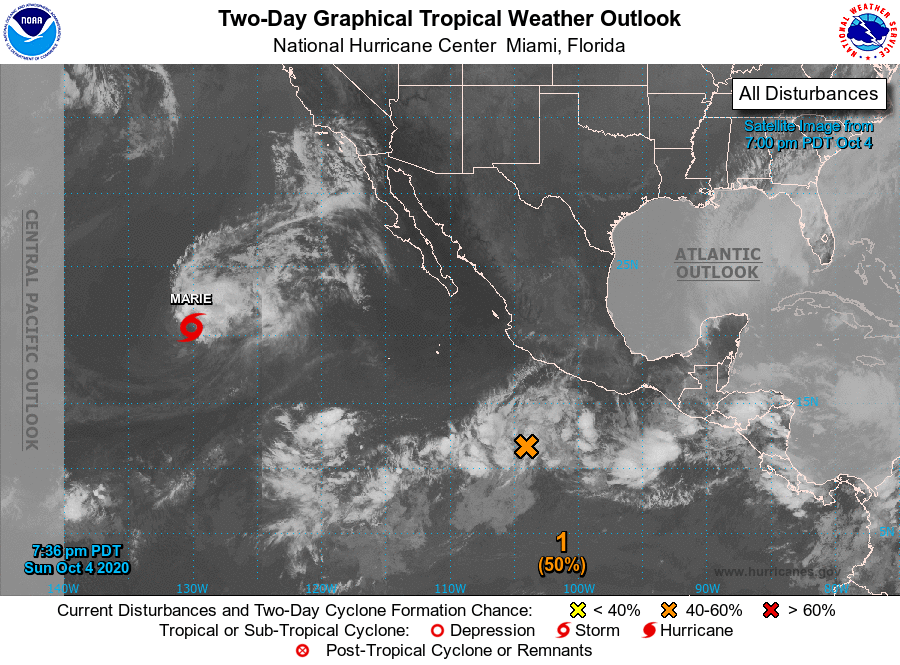
For the eastern North Pacific...east of 140 degrees west longitude:

The National Hurricane Center is issuing advisories on Hurricane Marie, located over the western part of the basin.

1. Showers and thunderstorms are showing some signs of organization in association with an area of low pressure located several hundred miles south of the southwestern coast of Mexico. Environmental conditions appear conducive for some additional development, and a tropical depression could form during the next couple of days while it drifts northwestward.
* Formation chance through 48 hours...medium...50 percent.
* Formation chance through 5 days...medium...60 percent.

2. An area of low pressure could form south-southeast of the Gulf of Tehuantepec in a couple of days. Development, if any, of this system should be slow to occur while it moves slowly northward toward the coasts of Mexico and Guatemala.
* Formation chance through 48 hours...low...near 0 percent.
* Formation chance through 5 days...low...10 percent.

Forecaster Cangialosi